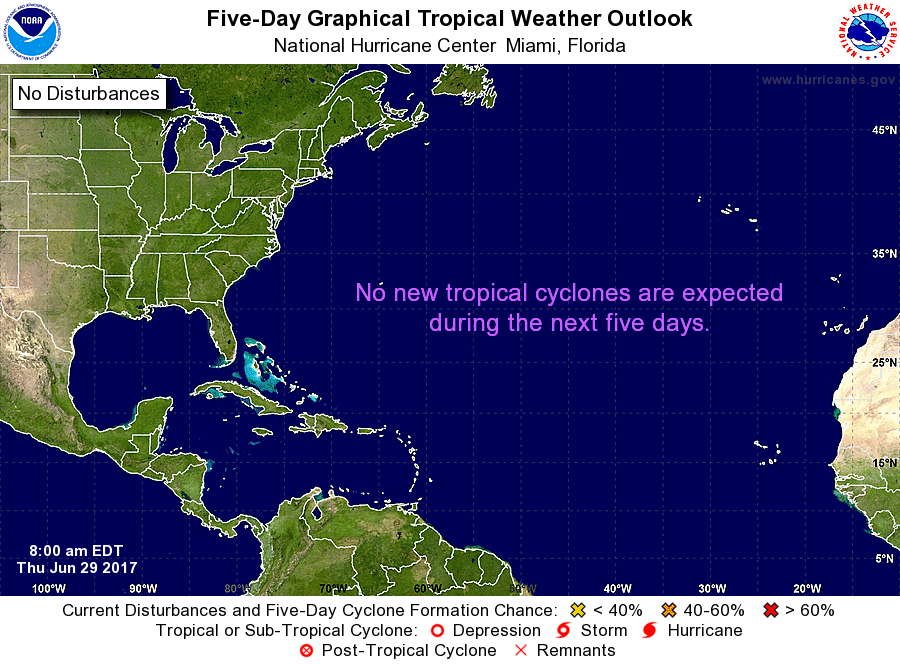
For the North Atlantic...Caribbean Sea and the Gulf of Mexico:

Tropical cyclone formation is not expected during the next 5 days.

Forecaster Stewart